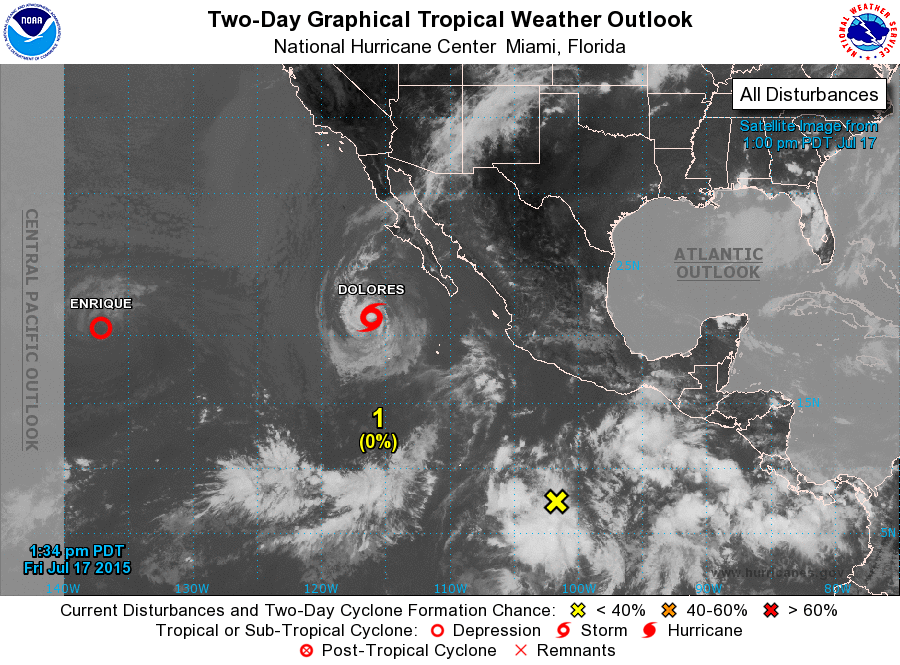
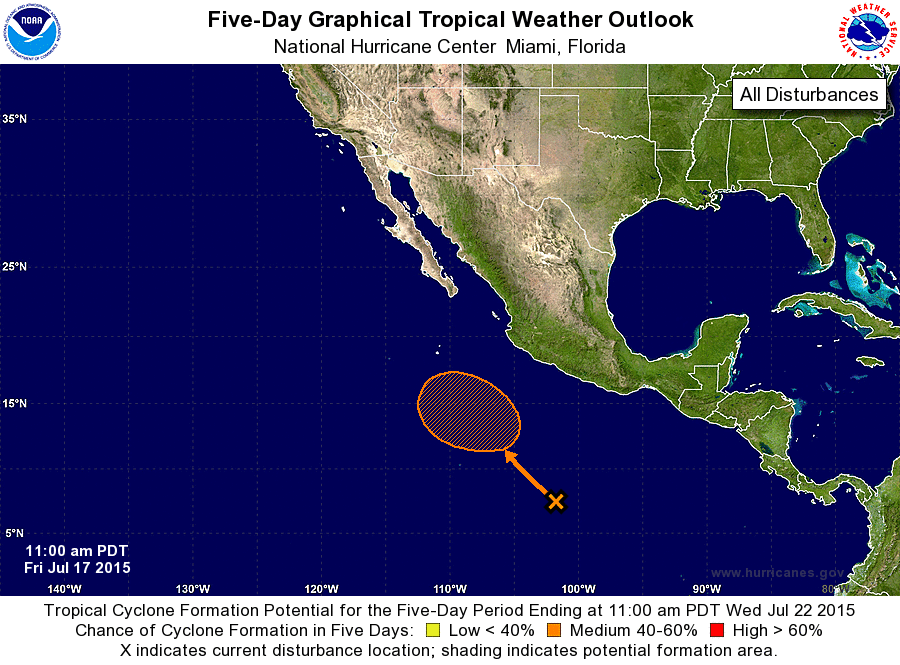
For the eastern North Pacific...east of 140 degrees west longitude:

The National Hurricane Center is issuing advisories on Tropical Storm Dolores, located a few hundred miles southwest of Cabo San Lazaro, Mexico, and on Tropical Storm Enrique, located well west of the southern tip of the Baja California peninsula.

1. A weak area of low pressure is located about 650 miles south- southwest of Acapulco, Mexico. Environmental conditions appear conducive for development of this system early next week while it moves slowly west-northwestward or northwestward well offshore of the coast of Mexico.
* Formation chance through 48 hours...low...near 0 percent
* Formation chance through 5 days...medium...40 percent

Forecaster Berg